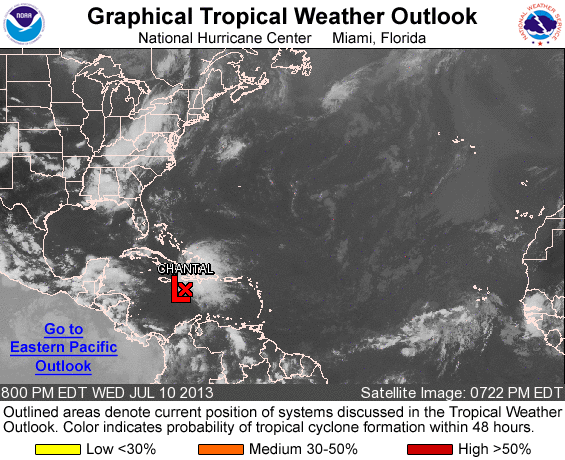
FOR THE NORTH ATLANTIC...CARIBBEAN SEA AND THE GULF OF MEXICO...

THE NATIONAL HURRICANE CENTER HAS ISSUED THE LAST ADVISORY ON CHANTAL THAT DEGENERATED INTO A TROPICAL WAVE OVER THE NORTH- CENTRAL CARIBBEAN SEA.

1. A TROPICAL WAVE...THE REMNANTS OF CHANTAL...IS PRODUCING WINDS TO TROPICAL STORM FORCE AND A LARGE AREA OF CLOUDINESS AND THUNDERSTORMS THAT EXTEND FROM THE NORTH-CENTRAL CARIBBEAN SEA NORTHWARD ACROSS HISPANIOLA AND INTO THE SOUTHEAST BAHAMAS. SIGNIFICANT REDEVELOPMENT OF THIS SYSTEM IS NOT EXPECTED DURING THE NEXT DAY OR SO DUE TO STRONG UPPER-LEVEL WESTERLY WINDS AND THE INTERACTION WITH LAND. THIS SYSTEM HAS A LOW CHANCE...20 PERCENT...OF BECOMING A TROPICAL CYCLONE DURING THE NEXT 48 HOURS. REGARDLESS OF DEVELOPMENT...HEAVY RAINS AND WINDS TO TROPICAL STORM FORCE...ESPECIALLY IN SQUALLS...ARE EXPECTED TO CONTINUE OVER HISPANIOLA TONIGHT...THEN SPREAD OVER JAMAICA...EASTERN CUBA...AND THE REMAINDER OF BAHAMAS DURING THE NEXT DAY OR SO AS THE SYSTEM MOVES QUICKLY WEST-NORTHWESTWARD TO NORTHWESTWARD.

ADDITIONAL INFORMATION ON THIS SYSTEM CAN BE FOUND IN HIGH SEAS FORECASTS ISSUED BY THE NATIONAL WEATHER SERVICE.

ELSEWHERE...TROPICAL CYCLONE FORMATION IS NOT EXPECTED DURING THE NEXT 48 HOURS.

2.

&&
HIGH SEAS FORECASTS ISSUED BY THE NATIONAL WEATHER SERVICE CAN BE FOUND UNDER AWIPS HEADER NFDHSFAT1 AND WMO HEADER FZNT01 KWBC.

FORECASTER BROWN